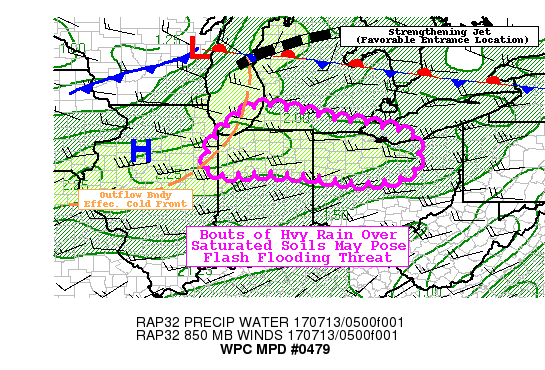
AREAS AFFECTED...NORTHERN IND...NOTHERN OH...NORTHEAST IL

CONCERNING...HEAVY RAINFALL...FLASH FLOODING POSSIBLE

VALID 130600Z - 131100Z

SUMMARY...INCREASING CONVECTIVE COVERAGE THROUGH AREA OF SATURATED
SOILS LEAD TO POSSIBLE FLASH FLOODING IN THE EARLY MORNING.

DISCUSSION...GOES-E/16 WV LOOP DENOTES SPEED MAX/ANTICYCLONICALLY
CURVED JET ENTRANCE REGION ACROSS N MI ATTM BECOMING A BIT TIGHTER
ALLOWING FOR INCREASED EVACUATION.  AT THE LOWER LEVELS AN OUTFLOW
BOUNDARY/EFFECTIVE COLD FRONT ASSOCIATED WITH WEAK DPVA IS
SUPPORTING DEVELOPMENT FROM S OF IKK THROUGH SOUTHERN LAKE
MICHIGAN.  ADDITIONALLY...AHEAD OF THE BOUNDARY STRENGTHENING LLJ
FROM SSW IS SUPPORTING WAA REGIME WITH MODEST SPEED CONVERGENCE
ACROSS NE IND ATTM.  ON THE WESTERN PERIPHERY OF THIS
JET...CONFLUENCE FROM WESTERLY 850MB FLOW SUPPORTS CONVERGENCE TO
DEVELOP E-W SLIGHTLY ARCHED LINE OF DEEP CONVECTION DENOTED WITH
OVERSHOOTING TOPS BELOW -70C.   SUFFICIENT INSTABILITY WITH OVER
2000 J/KG MUCAPES AND VERY SATURATED LOWER PROFILES (RAP ANALYSIS
SUGGESTING 20C TDS AT 850MB) WILL SUPPORT HIGHLY EFFICIENT
RAINFALL PROCESSES THROUGH THESE DEEP UPDRAFTS WITH 2.5"/HR RATES
POSSIBLE.

GIVEN THE WAVE IS ALSO FAIRLY FLAT ACROSS N IND INTO UPSTREAM
CONFLUENCE...THERE IS DEEP NEARLY UNIDIRECTIONAL FLOW SUPPORTIVE
OF TRAINING/REPEAT TRACKS.  OVERALL THOUGH FORWARD PROGRESSION
SEEMS TO BE FAIRLY QUICK TO NOT ALLOW FOR EXTREME TOTALS WITH MUCH
OF THE HI-RES GUIDANCE SUGGESTING 2-3" SWATHS WITH ISOLATED 4"
TOTALS...AND UPSTREAM OBSERVED TOTALS BELOW 2".  HOWEVER GIVEN
SATURATED SOILS FROM MULTIPLE BOUTS OF HEAVY RAIN OVER THE LAST 7
DAYS (400-600% OF NORMAL PER AHPS)...GROUND CONDITIONS MAY BE NEAR
HYDROPHOBIC ALLOWING FOR GREATER RUN OFF AND FLASH FLOODING
CONCERNS.  FFG VALUES IN DELINEATED AREA OF CONCERN ARE GENERALLY
BELOW 2"/3HR OVER NW OH/SW MI/NE IL/NW IND AND BELOW 2.5" IN N
CENTRAL IND.  AS SUCH FLASH FLOODING IS CONSIDERED POSSIBLE.